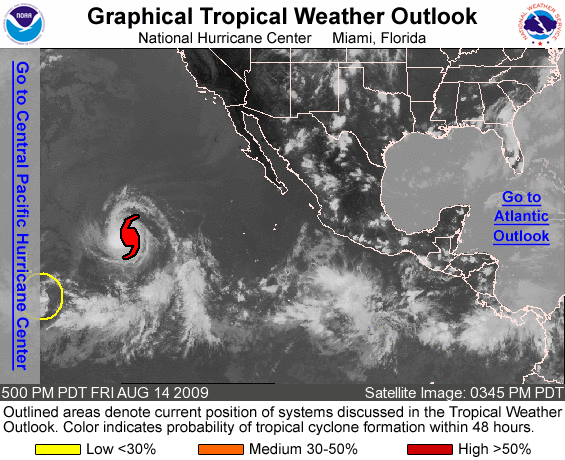
FOR THE EASTERN NORTH PACIFIC...EAST OF 140 DEGREES WEST LONGITUDE..

THE NATIONAL HURRICANE CENTER IS ISSUING ADVISORIES ON HURRICANE GUILLERMO...LOCATED ABOUT 1275 MILES WEST-SOUTHWEST OF THE SOUTHERN TIP OF BAJA CALIFORNIA.

1. THE REMNANT LOW OF TROPICAL DEPRESSION NINE-E IS LOCATED ABOUT 1220 MILES SOUTHEAST OF THE HAWAIIAN ISLANDS. SHOWERS AND THUNDERSTORMS ASSOCIATED WITH THIS SYSTEM REMAIN DISORGANIZED...AND THERE ARE NO SIGNS OF RE-DEVELOPMENT AT THIS TIME. THERE IS A LOW CHANCE...LESS THAN 30 PERCENT...OF THIS SYSTEM BECOMING A TROPICAL CYCLONE DURING THE NEXT 48 HOURS.

ELSEWHERE...TROPICAL CYCLONE FORMATION IS NOT EXPECTED DURING THE NEXT 48 HOURS.

FORECASTER KIMBERLAIN/AVILA